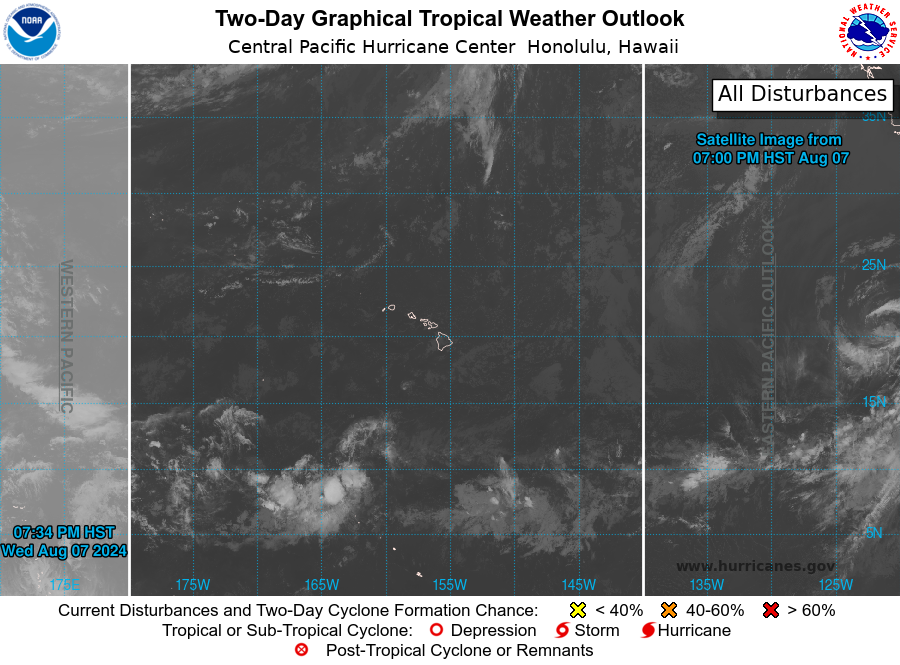
For the central North Pacific...between 140W and 180W:

No tropical cyclones are expected through the next 7 days.

Forecaster Shigesato